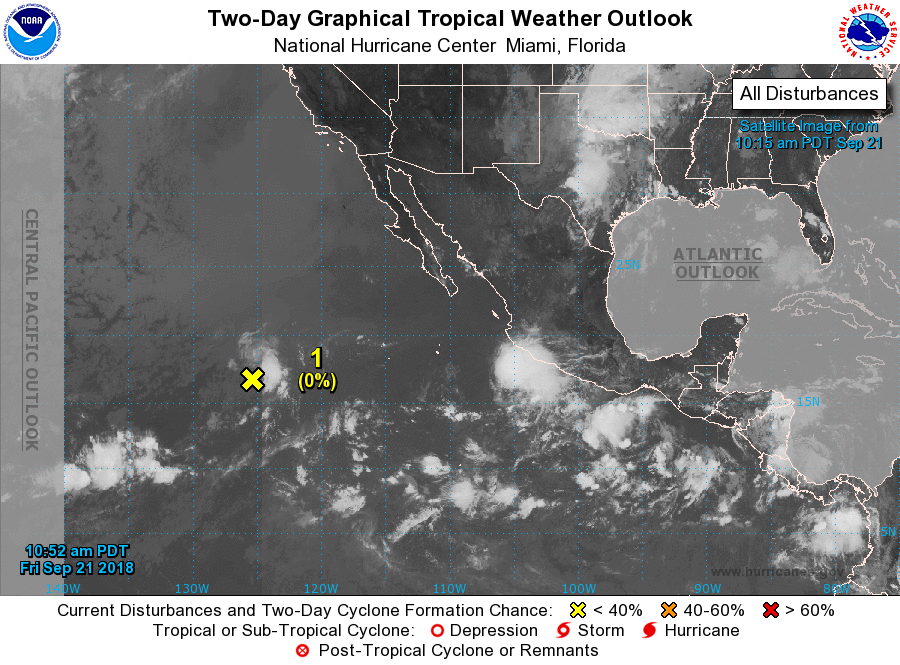
For the eastern North Pacific...east of 140 degrees west longitude:

1. A trough of low pressure located about 1100 miles west-southwest of the southern tip of the Baja California peninsula is producing disorganized shower activity. Development is not expected due to strong upper-level winds. This system is expected to move west- northwestward at 10 mph during the next day or two.
* Formation chance through 48 hours...low...near 0 percent.
* Formation chance through 5 days...low...near 0 percent.

2. An area of low pressure is expected to form in a couple of days well to the south of the southern coast of Mexico. Gradual development is possible, and a tropical depression could form by the middle of next week well off the coast of southwestern Mexico.
* Formation chance through 48 hours...low...near 0 percent.
* Formation chance through 5 days...medium...50 percent.

Forecaster Cangialosi